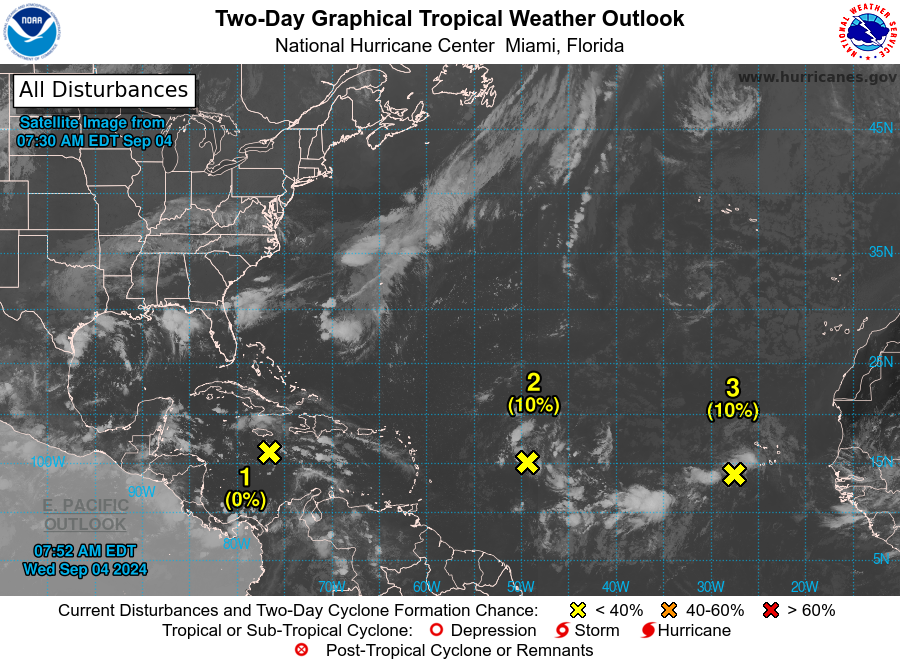
For the North Atlantic...Caribbean Sea and the Gulf of Mexico:

1. Northwestern Caribbean Sea and Southwestern Gulf of Mexico: A tropical wave moving quickly westward at about 20 mph is producing a broad area of disorganized showers and thunderstorms near southeastern Cuba, Jamaica, and across portions of the central Caribbean Sea. Some development is possible late this week when the wave slows down over the northwestern Caribbean Sea or early next week over the southwestern Gulf of Mexico.
* Formation chance through 48 hours...low...near 0 percent.
* Formation chance through 7 days...low...30 percent.

2. Central Tropical Atlantic Ocean: Another tropical wave located about 800 miles east of the Lesser Antilles is producing limited shower and thunderstorm activity. Development of this system, if any, is expected to be slow to occur over the next couple of days while it moves west-northwestward at 10 to 15 mph. Environmental conditions are expected to become unfavorable for additional development by the end of the week.
* Formation chance through 48 hours...low...10 percent.
* Formation chance through 7 days...low...10 percent.

3. Eastern Tropical Atlantic Ocean: A third tropical wave over the far eastern Atlantic is also producing disorganized shower activity. Some slow development of this system is possible during the next few days while it moves slowly northwestward at 5 to 10 mph over the eastern tropical Atlantic Ocean. This system could produce locally heavy rains across portions of the Cabo Verde Islands today.
* Formation chance through 48 hours...low...10 percent.
* Formation chance through 7 days...low...20 percent.

Forecaster Hagen